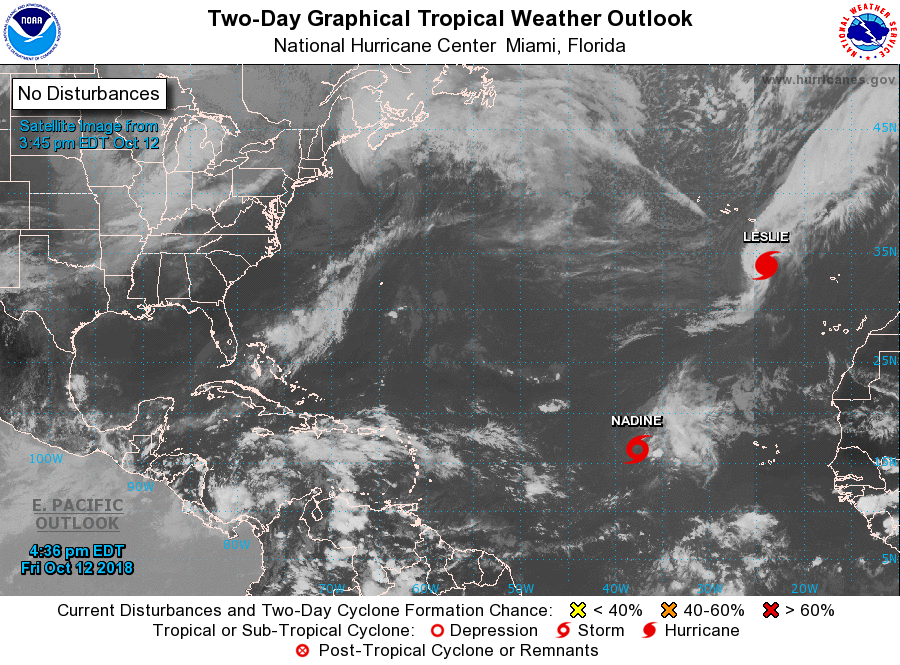
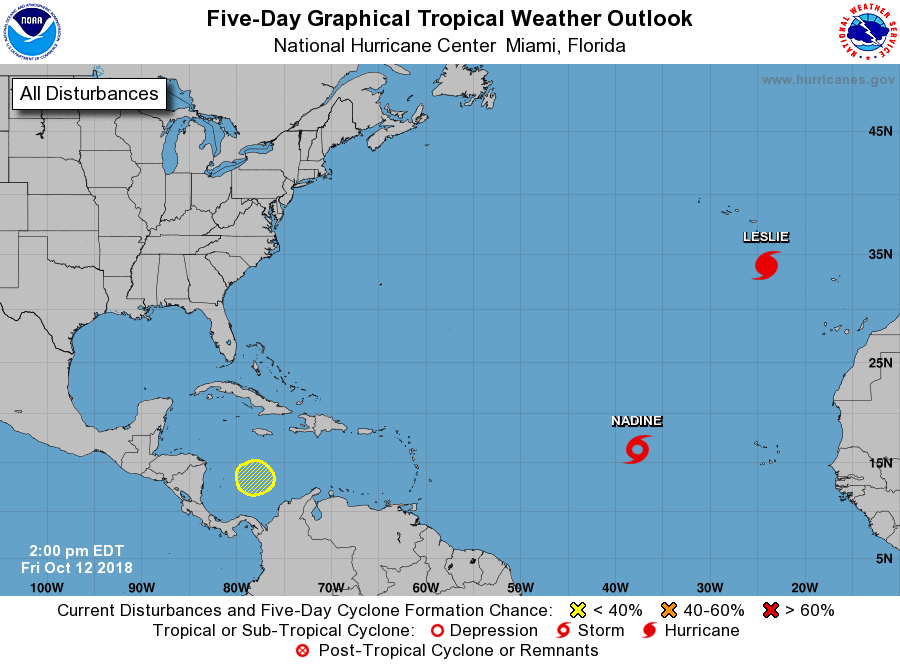
For the North Atlantic...Caribbean Sea and the Gulf of Mexico:

The National Hurricane Center is issuing advisories on Hurricane Leslie, located over the eastern Atlantic Ocean, and on Tropical Storm Nadine, located over the eastern tropical Atlantic Ocean.

1. A broad area of low pressure could form over the west-central Caribbean Sea in a day or two and then move slowly westward toward Central America through early next week. Development of this system is no longer anticipated.
* Formation chance through 48 hours...low...near 0 percent.
* Formation chance through 5 days...low...near 0 percent.

Forecaster Avila